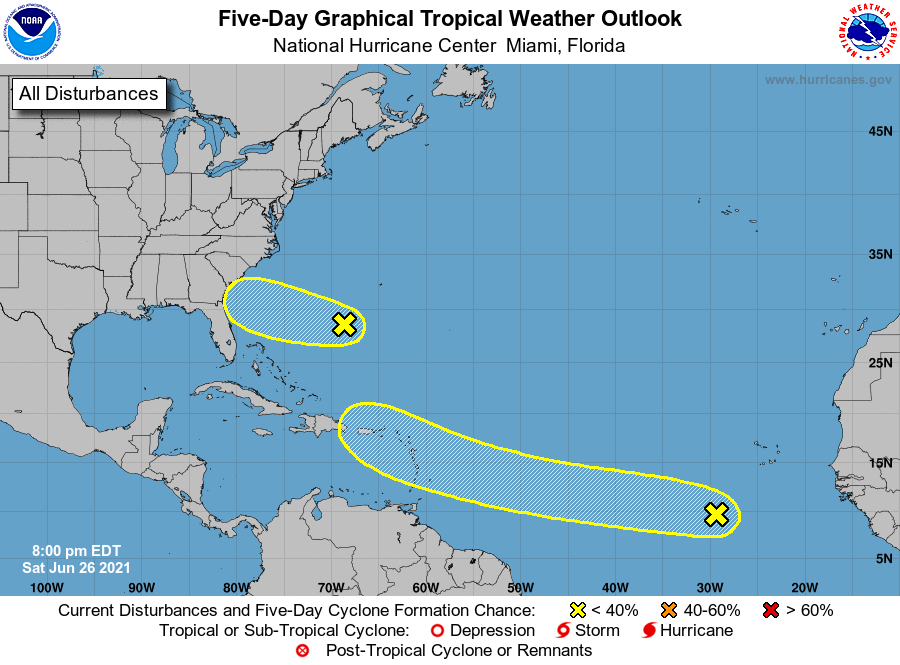
For the North Atlantic...Caribbean Sea and the Gulf of Mexico:

1. A broad area of low pressure associated with a tropical wave located over the eastern tropical Atlantic Ocean several hundred miles southwest of the Cabo Verde Islands continues to produce disorganized shower and thunderstorm activity. Some slow development of this system is possible through the middle of next week while it moves a little faster toward the west and then west-northwest at about 20 mph.
* Formation chance through 48 hours...low...20 percent.
* Formation chance through 5 days...low...30 percent.

2. A surface trough located a few hundred miles southwest of Bermuda is producing a broad area of disorganized showers and thunderstorms. Surface pressures are currently high across the area, and significant development of this system is not anticipated while it moves westward and then west-northwestward at about 15 mph over the next few days, reaching the coast of the southeastern United States late Monday.
* Formation chance through 48 hours...low...10 percent.
* Formation chance through 5 days...low...10 percent.

Forecaster Berg